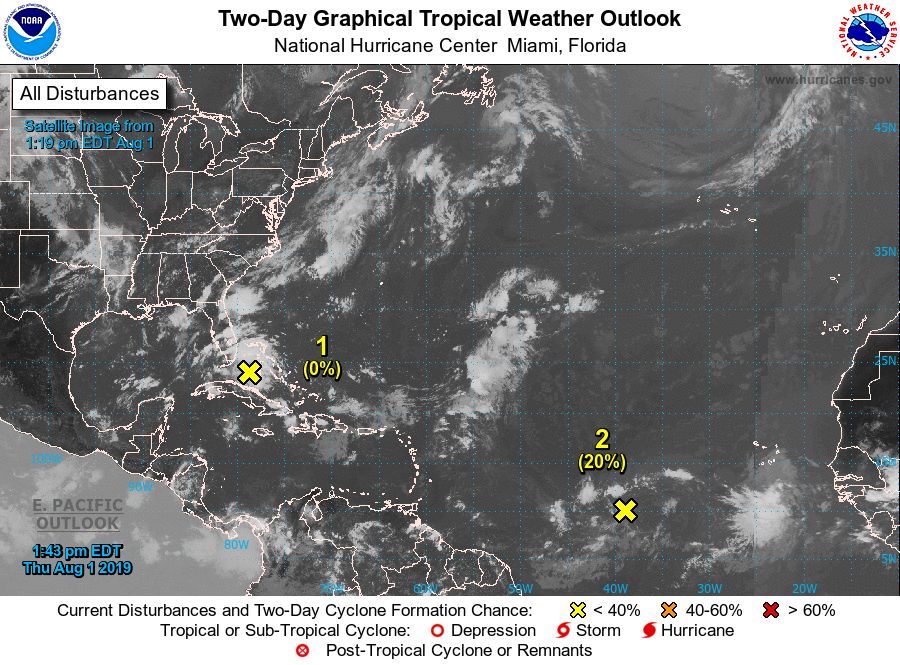
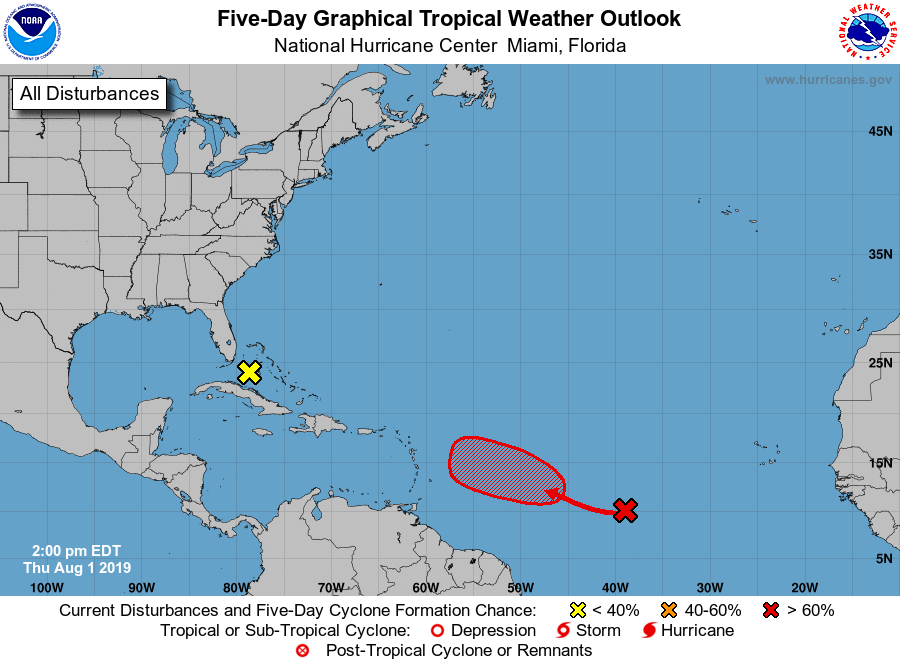
For the North Atlantic...Caribbean Sea and the Gulf of Mexico:

1. An area of disturbed weather spreading across south Florida and the Bahamas is forecast to move northward, producing additional locally heavy rainfall over portions of the Florida peninsula during the next day or two. Significant development of this system is not expected before it merges with a front and accelerates northeastward off the southeastern U.S. coast on Sunday.
* Formation chance through 48 hours...low...near 0 percent.
* Formation chance through 5 days...low...near 0 percent.

2. A broad low pressure system located about 1100 miles west-southwest of the Cabo Verde Islands is producing limited shower and thunderstorm activity. Slow development of this system is expected during the next few days while it moves west-northwestward at 10 to 15 mph, and a tropical depression is likely to form several hundred miles east of the Lesser Antilles. Environmental conditions are now forecast to become unfavorable for additional development by early next week as the system approaches the Lesser Antilles.
* Formation chance through 48 hours...low...20 percent.
* Formation chance through 5 days...high...70 percent.

Forecaster Zelinsky/McElroy